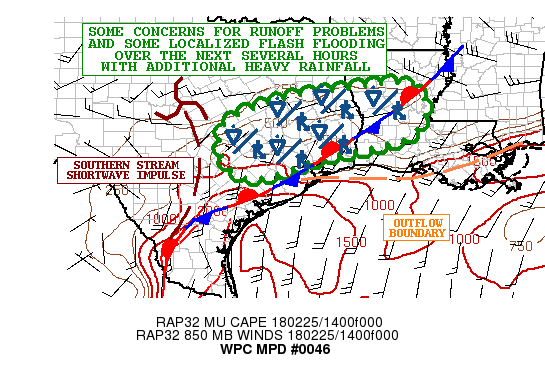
AREAS AFFECTED...SOUTHEAST TX INTO CENTRAL LA

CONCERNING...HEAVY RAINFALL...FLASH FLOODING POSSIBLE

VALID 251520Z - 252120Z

SUMMARY...HEAVY RAINFALL MAY CAUSE SOME RUNOFF PROBLEMS AND
CONCERNS FOR FLASH FLOODING GOING THROUGH THE MID-AFTERNOON HOURS.

DISCUSSION...A WELL-DEFINED SHORTWAVE IMPULSE IS SEEN IN THE
GOES-16 7.3/MICRON WV IMAGERY LIFTING NORTHEAST ACROSS THE
SOUTHEAST TX COASTAL PLAIN. THIS IS INTERACTING WITH A
QUASI-STATIONARY FRONTAL ZONE NEAR THE COAST AND IS FOSTERING AN
EXPANSION OF CONVECTION ACROSS SOUTHEAST TX AND INTO PORTIONS OF
WEST-CENTRAL LA. MOISTURE IS RATHER WELL ESTABLISHED ACROSS THE
REGION WITH PWATS OF 1.5 TO 1.75 INCHES. THIS AGAIN INCLUDES A
CONTRIBUTION IN THE MID AND HIGH LEVELS FROM DEEP LAYER SOUTHWEST
FLOW LIFTING UP FROM THE EASTERN TROPICAL PACIFIC. INSTABILITY
PROFILES ARE RELATIVELY MODEST OVER SOUTHEAST TX...BUT THERE IS A
POOL OF MUCAPE VALUES OF AS MUCH AS 1000+ J/KG POOLED ALONG THE
SOUTHWESTERN TAIL OF THE FRONT. GIVEN THE SHORTWAVE DYNAMICS AND
MOISTURE/INSTABILITY TRANSPORT UP OVER THE FRONT AHEAD OF THE
WAVE...THE CONVECTION HAS BEEN DEVELOPING AND GAINING SOME
ORGANIZATION WITHOUT ISSUE THIS MORNING.

THE LAST COUPLE RUNS OF THE HRRR AND THE OVERNIGHT CAM GUIDANCE
CONTINUES TO SUGGEST THIS WAVE LIFTING NORTHEAST INTO
CENTRAL/NORTHERN LA THROUGH EARLY TO MID AFTERNOON...AND SO THE
STRONGEST CONVECTIVE THREAT WILL BE OVER SOUTHEAST TX INITIALLY
AND THEN BEGIN TO FOCUS MORE INTO WESTERN/CENTRAL LA WITH TIME AS
GREATER MOISTURE AND ELEVATED INSTABILITY TRANSPORT OCCURS HERE IN
PROXIMITY TO THE FRONT.

ALREADY LOCAL RADARS AND SURFACE OBSERVATIONS ARE INDICATING
RAINFALL RATES OF 1.5 TO 2 INCHES/HR...AND WITH SOME PERIODIC
REPEATING/TRAINING NATURE OF THE ACTIVITY THERE WILL BE SOME
ADDITIONAL TOTALS THAT COULD REACH UP INTO THE 2 TO 3 INCH RANGE
WITH ISOLATED HEAVIER AMOUNTS THROUGH MIDDAY AFTERNOON. WILL
CONTINUE TO MONITOR.

SOIL CONDITIONS ARE RATHER MOIST OVERALL AND SO THE ADDITIONAL
RAINS TODAY WILL INCREASE THE CONCERN FOR RUNOFF PROBLEMS AND
PERHAPS SOME AREAS OF FLASH FLOODING WHERE STRONGER CONVECTIVE
CORES FOCUS AND THEN PERHAPS REPEAT OVER THE SAME AREA.